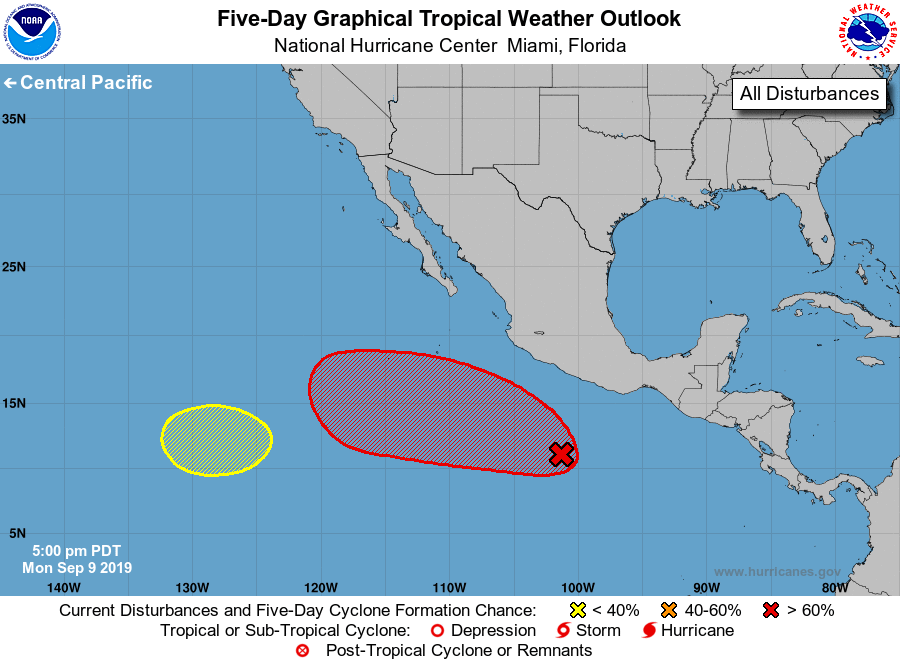
For the eastern North Pacific...east of 140 degrees west longitude:

1. A tropical wave located a few hundred miles south-southwest of Acapulco, Mexico, continues to produce a large area of disorganized showers and thunderstorms. Conditions are forecast to become more conducive for development, and a tropical depression is likely to form during the next few days while the system moves west-northwestward at 10 to 15 mph.
* Formation chance through 48 hours...medium...50 percent.
* Formation chance through 5 days...high...90 percent.

2. An area of low pressure is expected to form more than 1000 miles to the southwest of the southern tip of the Baja California Peninsula by late this week. Some additional slow development is possible as the system moves slowly westward.
* Formation chance through 48 hours...low...near 0 percent.
* Formation chance through 5 days...low...20 percent.

Forecaster Pasch